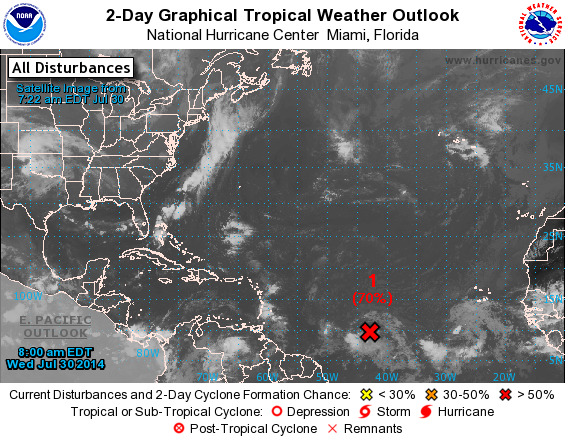
For the North Atlantic...Caribbean Sea and the Gulf of Mexico:

1. Showers and thunderstorms associated with an area of low pressure located about 1150 miles east of the southern Windward Islands remain limited. This system continues to show signs of organization, however, and the low could develop into a tropical depression later today or tomorrow while it moves generally west-northwestward near 15 mph. Interests in the Lesser Antilles should monitor the progress of this system.
* Formation chance through 48 hours...high...70 percent.
* Formation chance through 5 days...high...70 percent.

Forecaster Pasch